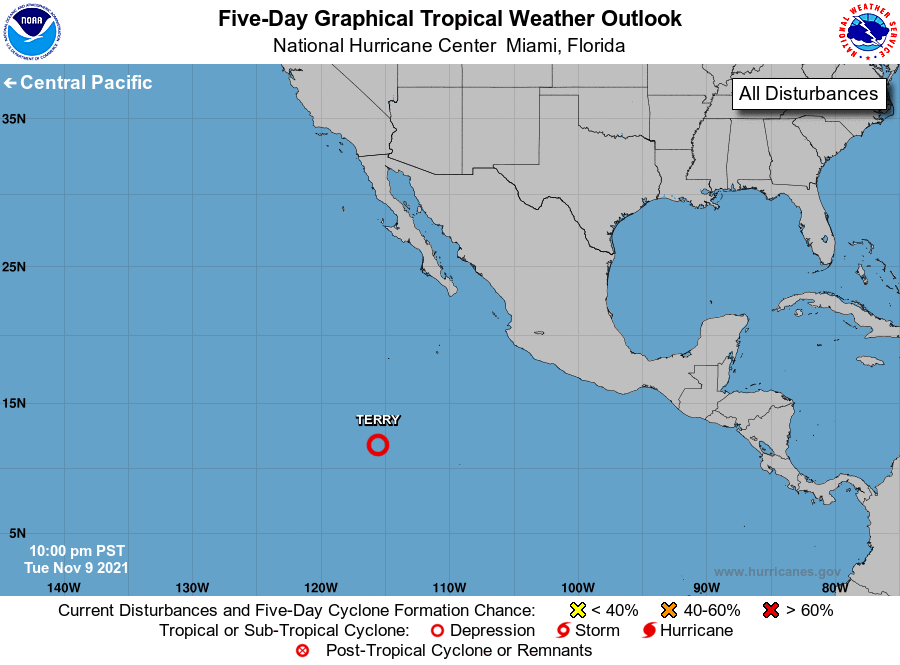
For the eastern North Pacific...east of 140 degrees west longitude:

The National Hurricane Center is issuing advisories on Tropical Depression Terry, located more than 800 miles south-southwest of the southern tip of the Baja California Peninsula.

Tropical cyclone formation is not expected during the next 5 days.

Forecaster Stewart